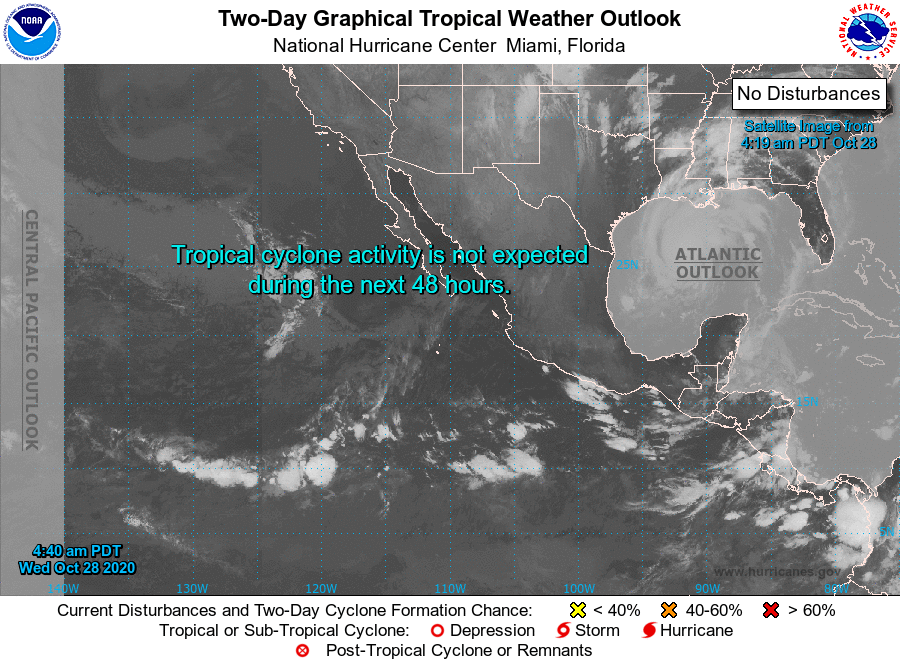
For the eastern North Pacific...east of 140 degrees west longitude:

1. A broad area of low pressure is expected to form south of the coast of southern Mexico by the end of the week. Environmental conditions are forecast to be favorable for gradual development over the weekend into early next week as the system slowly moves westward.
* Formation chance through 48 hours...low...near 0 percent.
* Formation chance through 5 days...low...30 percent.

Forecaster Papin/Berg